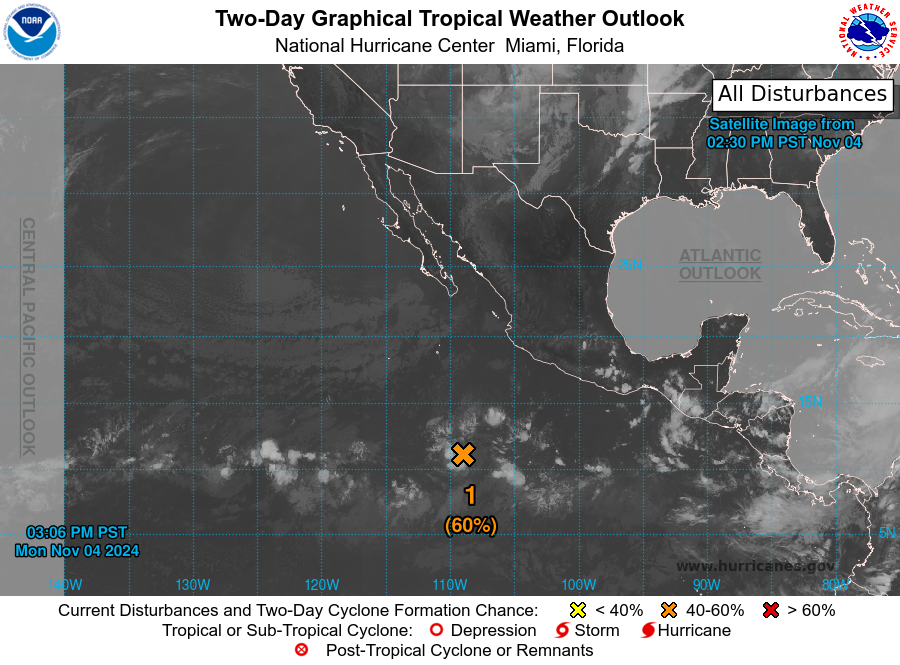
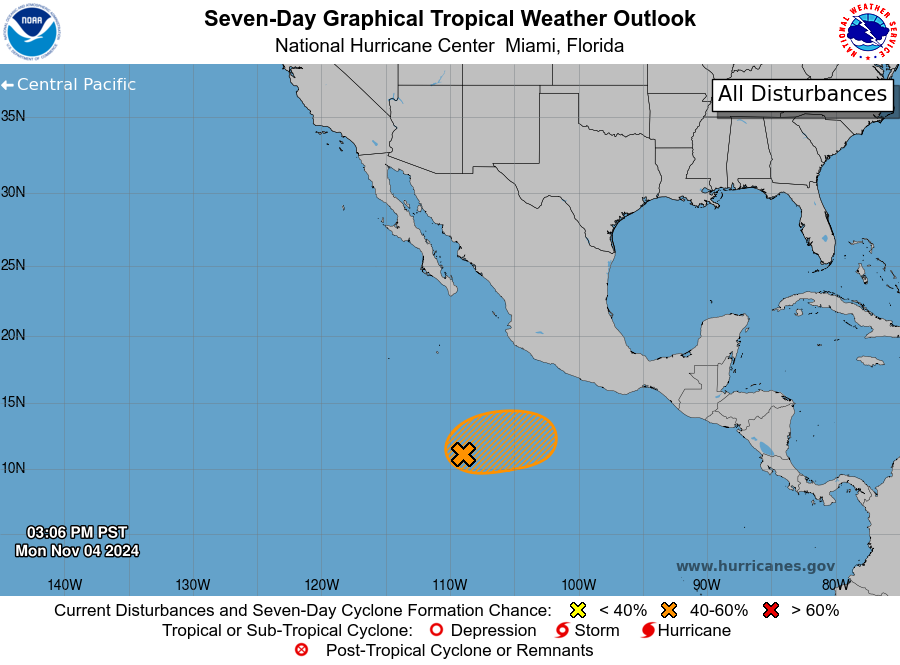
For the eastern North Pacific...east of 140 degrees west longitude:

1. Southwest of Southwestern Mexico (EP93): Shower and thunderstorm activity associated with an area of low pressure located several hundred miles southwest of the coast of southwestern Mexico continues to be intermittent and limited due to environmental dry air. A tropical depression could still form during the next couple of days while the low remains in a marginally favorable environment as it moves slowly eastward. By late this week, environmental conditions are forecast to become even less favorable, ending the chances for development.
* Formation chance through 48 hours...medium...60 percent.
* Formation chance through 7 days...medium...60 percent.

Forecaster Hagen